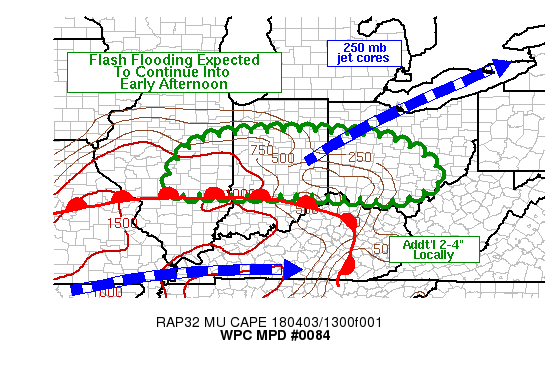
AREAS AFFECTED...ERN IL...CNTRL IN INTO OH

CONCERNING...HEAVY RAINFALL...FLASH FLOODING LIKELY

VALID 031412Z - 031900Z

SUMMARY...PERIODS OF TRAINING RAINFALL ARE LIKELY TO CONTINUE FOR
ANOTHER FEW HOURS WITH HOURLY RAINFALL RATES OF 0.5 TO 1.5 IN/HR
ALLOWING FOR THE POTENTIAL OF ANOTHER 2-4 INCHES LOCALLY THROUGH
20Z FROM ERN ILLINOIS INTO OHIO.

DISCUSSION...ONGOING ELEVATED CONVECTION WAS ORIENTED FROM WEST TO
EAST FROM E-CNTRL ILLINOIS INTO W-CNTRL OHIO AS OF 14Z...OCCURRING
NORTH OF A SLOW MOVING WARM FRONT AT THE NOSE OF A 50-60 KT LOW
LEVEL JET POINTING NORTHEASTWARD ACROSS THE MID-MISSISSIPPI
VALLEY. 12Z RAOBS AND RAP ANALYSES INDICATED THE GREATEST ELEVATED
INSTABILITY ACROSS THE REGION...500-1000+ J/KG WAS LOCATED OVER
CNTRL ILLINOIS INTO WRN INDIANA...WITH VALUES DROPPING OFF RAPIDLY
TOWARD THE EAST INTO OHIO. UPPER AIR DATA ALSO INDICATED A COUPLED
UPPER LEVEL JET SIGNATURE AND ENHANCED DIVERGENCE OVER THE OHIO
VALLEY WITH THE LEFT EXIT REGION OF A 110-120 KT JET CORE ALONG
THE KENTUCKY/TENNESSEE BORDER AND THE RIGHT ENTRANCE REGION OF AN
ENHANCED SPEED MAX OVER ILLINOIS/OHIO.

SHORT TERM FORECASTS FROM THE RAP SHOW THE WARM FRONT LIFTING
NORTH THROUGH 18Z...ALONG WITH MUCAPE EXPANDING NORTH AND EAST.
850 MB FLOW IS EXPECTED TO REMAIN RATHER STRONG INTO THE EARLY
AFTERNOON...AHEAD OF AN APPROACHING UPPER TROUGH AND RELATED
SURFACE COLD FRONT APPROACHING THE MISSISSIPPI VALLEY. UPPER LEVEL
JET PLACEMENT IS EXPECTED TO REMAIN SUPPORTIVE OF UPPER LEVEL
DIVERGENCE AND DIFFLUENCE OVER THE OHIO VALLEY INTO THE AFTERNOON
AS WELL.

THE RESULT IS EXPECTED TO BE CONTINUED TRAINING FROM WEST TO
EAST...WITH THE AXIS OF HEAVY RAIN SLOWLY LIFTING NORTH INTO THE
EARLY AFTERNOON AND A CONTINUED ORIGIN NEAR THE NOSE OF THE LOW
LEVEL JET FROM ERN ILLINOIS INTO CNTRL INDIANA. WHILE NOT EXPECTED
TO BE WIDESPREAD...AN ADDITIONAL 2-4 INCHES WILL BE POSSIBLE ON A
LOCALIZED BASIS THROUGH 20Z WITH CONTINUED FLASH FLOODING.